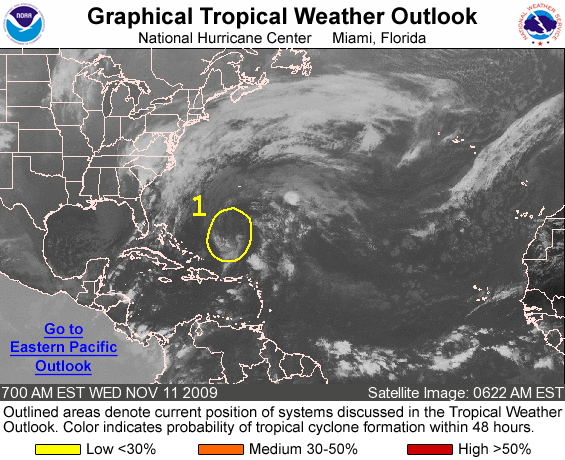
FOR THE NORTH ATLANTIC...CARIBBEAN SEA AND THE GULF OF MEXICO...

THE HYDROMETEOROLOGICAL PREDICTION CENTER IS ISSUING ADVISORIES ON THE EXTRATROPICAL REMNANTS OF IDA. FURTHER INFORMATION ON THIS SYSTEM CAN BE FOUND IN PUBLIC ADVISORIES ISSUED UNDER AWIPS HEADER TCPAT1 AND WMO HEADER WTNT31 KWNH.

1. A NON-TROPICAL LOW PRESSURE AREA CENTERED ABOUT 400 MILES SOUTH-SOUTHWEST OF BERMUDA IS PRODUCING WINDS TO NEAR GALE FORCE BUT MINIMAL SHOWER AND THUNDERSTORM ACTIVITY. UPPER-LEVEL WINDS ARE EXPECTED TO BECOME UNFAVORABLE FOR DEVELOPMENT OVER THE NEXT DAY OR SO AS THE SYSTEM MOVES NORTHWESTWARD AT 15 MPH. THERE IS A LOW CHANCE...LESS THAN 30 PERCENT...OF THIS SYSTEM BECOMING A TROPICAL OR SUBTROPICAL CYCLONE.

ADDITIONAL INFORMATION ON THIS SYSTEM CAN BE FOUND IN HIGH SEAS FORECASTS ISSUED BY THE NATIONAL WEATHER SERVICE...UNDER AWIPS HEADER NFDHSFAT1 AND WMO HEADER FZNT01 KWBC.

ELSEWHERE...TROPICAL CYCLONE FORMATION IS NOT EXPECTED DURING THE NEXT 48 HOURS.

FORECASTER CANGIALOSI/FRANKLIN